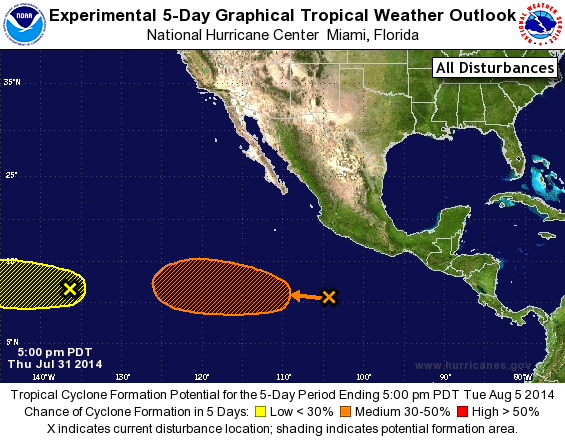
For the eastern North Pacific...east of 140 degrees west longitude:

The National Hurricane Center is issuing advisories on newly formed Tropical Storm Iselle, located more than a thousand miles southwest of the southern tip of the Baja California peninsula.

1. An area of low pressure located about 1350 miles east-southeast of the Big Island of Hawaii is producing disorganized shower and thunderstorm activity. Upper-level winds are only marginally favorable, and any development of this system should be slow to occur while it moves westward at around 10 mph during the next few days.
* Formation chance through 48 hours...low...10 percent.
* Formation chance through 5 days...low...20 percent.

2. Disorganized showers and thunderstorms continue in association with a tropical wave located several hundred miles south-southwest of Acapulco, Mexico. Some gradual development of this system is possible during the next few days while it moves westward at 10 to 15 mph.
* Formation chance through 48 hours...low...10 percent.
* Formation chance through 5 days...medium...40 percent.

Public Advisories on Iselle are issued under WMO header WTPZ34 KNHC and under AWIPS header MIATCPEP4. Forecast/Advisories on Iselle are issued under WMO header WTPZ24 KNHC and under AWIPS header MIATCMEP4.

Forecaster Brennan